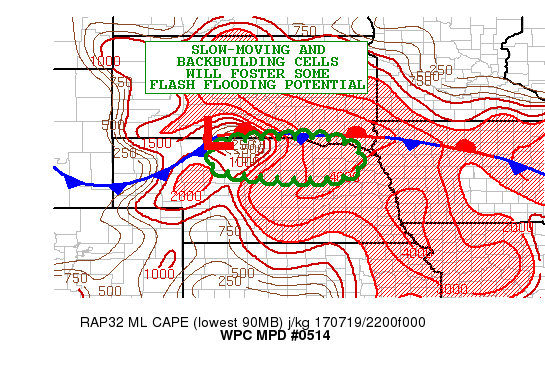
AREAS AFFECTED...NORTHERN NE

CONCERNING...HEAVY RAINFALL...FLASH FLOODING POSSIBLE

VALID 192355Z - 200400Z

SUMMARY...SLOW-MOVING THUNDERSTORMS TENDING TO BACKBUILD OVER THE
SAME AREA WILL FOSTER SOME FLASH FLOODING THREAT OVER THE NEXT
COUPLE OF HOURS.

DISCUSSION...AN AXIS OF SLOW-MOVING AND BACKBUILDING THUNDERSTORMS
HAS DEVELOPED OVER MAINLY PARTS OF NORTHERN NE ALONG A
QUASI-STATIONARY FRONTAL ZONE. THE AIRMASS SOUTH OF THE FRONT IS
EXTREMELY UNSTABLE WITH OVER 4000 J/KG OF MLCAPE.
MEANWHILE...PWATS ARE RUNNING OVER 1.75 INCHES AND THIS COUPLED
WITH THE VIGOROUS UPDRAFT ACTIVITY INCLUDING MULTIPLE OVERSHOOTING
TOPS WILL FAVOR EXTREMELY HEAVY RAINFALL RATES OF UP TO OVER 2.5
INCHES/HR.

THE ACTIVITY SHOULD CONTINUE TO INTERACT WITH THE STRONG POOL OF
INSTABILITY OUT OVER THE CENTRAL PLAINS AND WITH THE AID OF A S/SW
LOW LEVEL JET OF 35 TO 40 KTS. SOME MODEST RIGHT-ENTRANCE REGION
JET DYNAMICS ALOFT WILL ALSO TEND TO ALLOW CONVECTION TO PERSIST
THROUGH THE EVENING HOURS WITH A DECENT LEVEL OF CONVECTIVE
ORGANIZATION AND A FAVORABLE SET-UP FOR BACKBUILDING CELLS.

THE HIRES MODEL GUIDANCE IS WAY UNDERDONE WITH THE RAINFALL
POTENTIAL ACROSS PARTS OF NORTHERN NEB BASED ON THE LATEST
SAT/RADAR TRENDS. EXPECT AS MUCH AS 3 TO 5 INCHES OF RAIN WITH
LOCALLY HEAVIER AMOUNTS THROUGH LATE EVENING. SOME FLASH FLOODING
WILL BE POSSIBLE AS A RESULT.